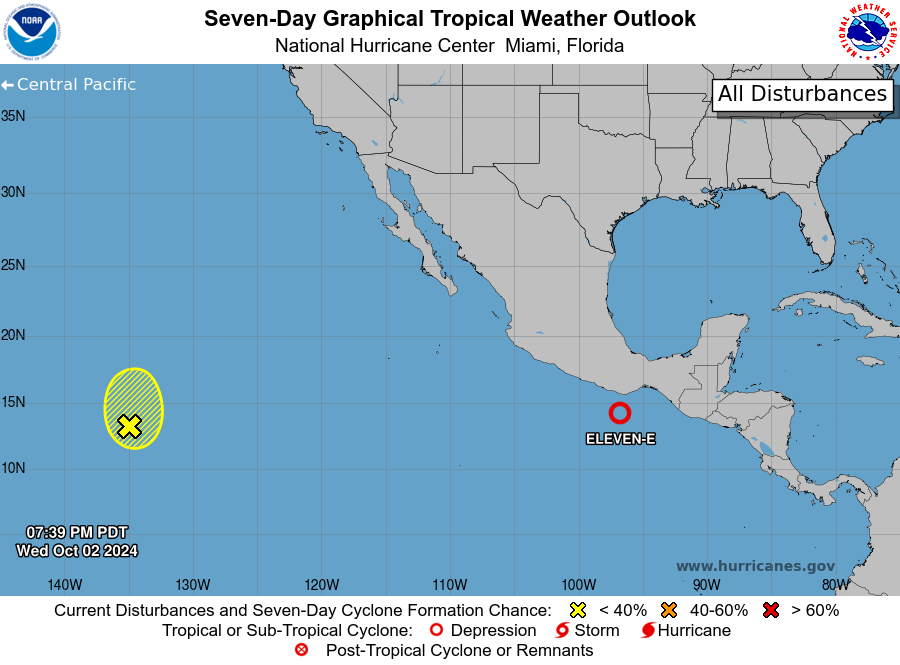
For the eastern North Pacific...east of 140 degrees west longitude:

The National Hurricane Center is issuing advisories on Tropical Depression Eleven-E, located near the coast of southeastern Mexico.

1. Western Portion of the East Pacific: An area of showers and thunderstorms is associated with a low pressure system located well to the west-southwest of the southern tip of the Baja California peninsula. This system is forecast to move slowly northward for the next couple of days, and some gradual development is possible during that time. By the weekend, atmospheric conditions should become increasingly hostile, preventing any further development.
* Formation chance through 48 hours...low...10 percent.
* Formation chance through 7 days...low...10 percent.

Forecaster Bucci